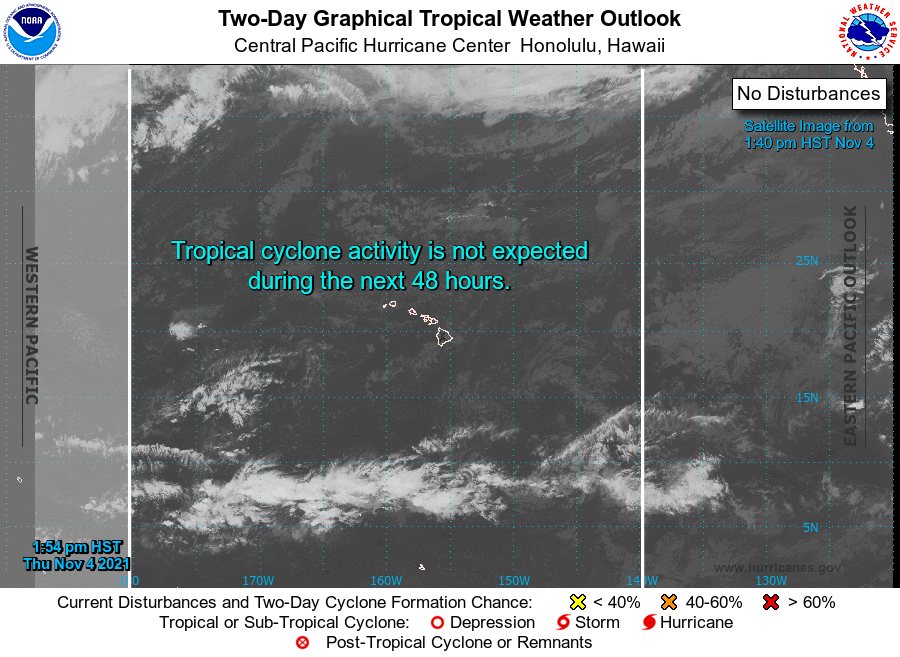
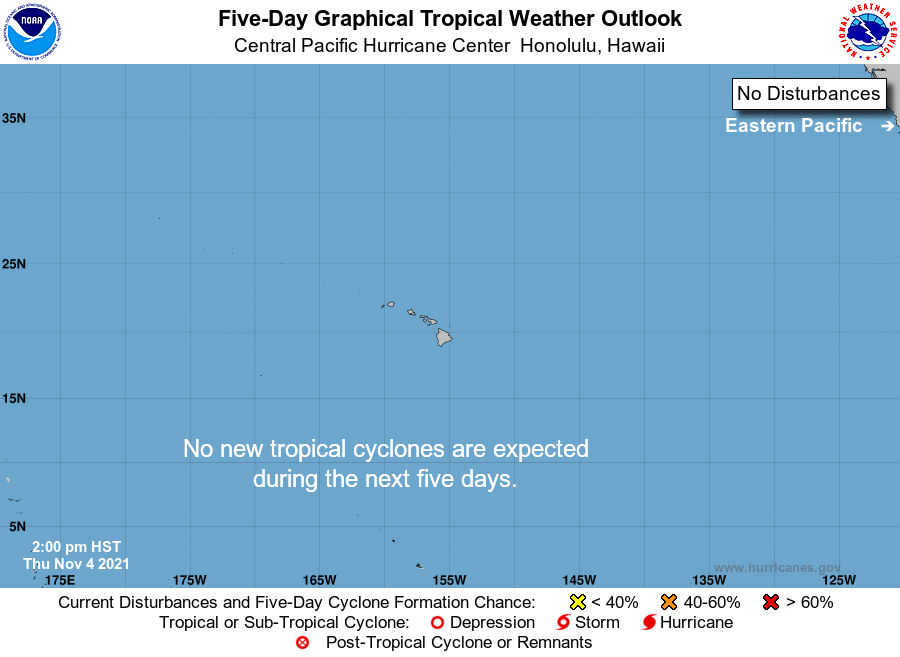
For the central North Pacific...between 140W and 180W:

No tropical cyclones are expected during the next 5 days.

Forecaster Almanza